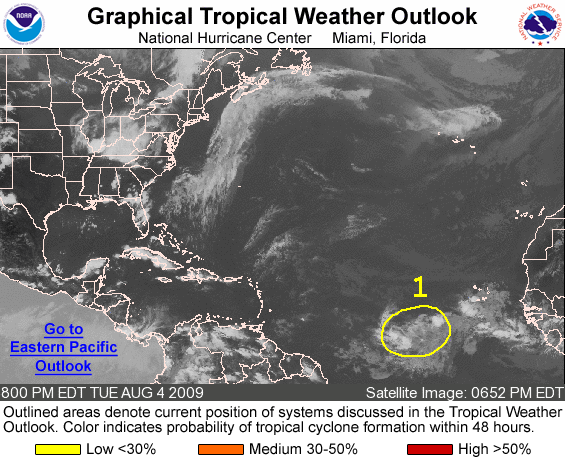
FOR THE NORTH ATLANTIC...CARIBBEAN SEA AND THE GULF OF MEXICO...

1. DISORGANIZED SHOWERS AND THUNDERSTORMS ABOUT 1000 MILES SOUTHWEST OF THE CAPE VERDE ISLANDS ARE ASSOCIATED WITH A TROPICAL WAVE. ANY DEVELOPMENT OF THIS SYSTEM WILL BE SLOW TO OCCUR AS IT MOVES WESTWARD AT ABOUT 15 MPH. THERE IS A LOW CHANCE...LESS THAN 30 PERCENT...OF THIS SYSTEM BECOMING A TROPICAL CYCLONE DURING THE NEXT 48 HOURS.

ELSEWHERE...TROPICAL CYCLONE FORMATION IS NOT EXPECTED DURING THE NEXT 48 HOURS.

FORECASTER SCHAUER CLARK/BRENNAN